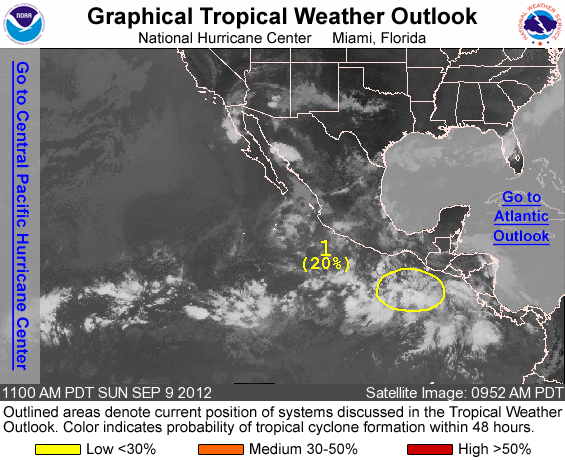
FOR THE EASTERN NORTH PACIFIC...EAST OF 140 DEGREES WEST LONGITUDE..

1. SHOWER AND THUNDERSTORM ACTIVITY HAS INCREASED IN ASSOCIATION WITH A BROAD AREA OF LOW PRESSURE LOCATED A FEW HUNDRED MILES SOUTH OF THE GULF OF TEHUANTEPEC. ENVIRONMENTAL CONDITIONS ARE CONDUCIVE FOR GRADUAL DEVELOPMENT OF THIS DISTURBANCE DURING THE NEXT COUPLE OF DAYS. THIS SYSTEM HAS A LOW CHANCE...20 PERCENT...OF BECOMING A TROPICAL CYCLONE DURING THE NEXT 48 HOURS AS IT MOVES WEST- NORTHWESTWARD AROUND 10 TO 15 MPH.

FORECASTER KIMBERLAIN